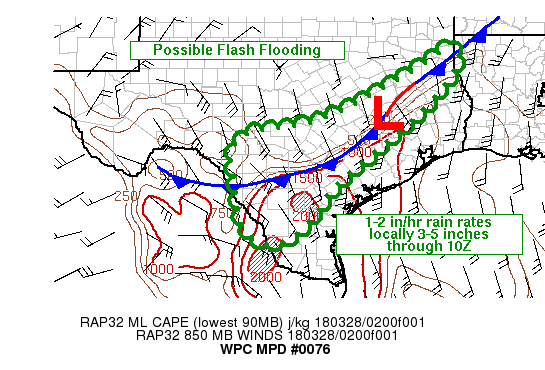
AREAS AFFECTED...PORTIONS OF SRN...S-CNTRL...ERN TEXAS

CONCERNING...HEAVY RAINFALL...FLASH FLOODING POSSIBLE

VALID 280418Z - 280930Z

SUMMARY...HEAVY RAINFALL IS EXPECTED TO INCREASE IN COVERAGE
ACROSS SOUTH TEXAS...SPREADING NEWD INTO PORTIONS OF CNTRL AND ERN
TEXAS OVER THE NEXT COUPLE OF HOURS. A FEW 3-5 INCH AREAS WILL BE
POSSIBLE WHICH COULD CAUSE FLASH FLOODING.

DISCUSSION...GOES EAST WATER VAPOR IMAGERY AT 04Z SHOWED A CLOSED
LOW OVER AZ/NM...MOVING EAST TOWARD TEXAS. THE RESPONSE WAS
OBSERVED IN INFRARED AND RADAR IMAGERY WITH A RAPID INCREASE IN
CONVECTION OVER SOUTH TEXAS...SOUTHWEST OF SAN ANTONIO ALONG AND
WEST OF I-35. A FEW CELLS CONTAINED LARGE HAIL...MOST NOTABLY OVER
WRN WEBB COUNTY...AND WHILE MANY CELLS WERE DISORGANIZED IN
NATURE...THEY EXHIBITED SLOW MOVEMENT WITH 0.5 TO 1.5 IN/HR RADAR
ESTIMATED RAINFALL RATES. THESE STORMS WERE OCCURRING ALONG AND
SOUTH OF AN EFFECTIVE COLD FRONT...STRETCHING FROM NERN TEXAS TO
JUST SOUTH OF SAN ANTONIO INTO THE SERRANIAS DEL BURRO IN MEXICO
AT 03Z. ESTIMATED MLCAPE VALUES SOUTH OF THE BOUNDARY OVER SOUTH
TEXAS VIA THE LATEST SPC MESOANALYSIS PAGE WERE 1000-2000 J/KG
WITH 500-1000 J/KG MUCAPE EXTENDING JUST NORTH OF THE EFFECTIVE
FRONT OVER CNTRL TEXAS.

VAD WIND DATA FROM CRP SHOWED 850 MB WINDS NEAR 35 KT FROM THE
SOUTH...AND AS THE UPPER TROUGH OVER AZ/NM CONTINUES TO SLOWLY
EDGE EAST...A COMBINATION OF THE DIURNAL CYCLE AND HEIGHT FALLS IS
EXPECTED TO ALLOW THESE LOCALLY STRONGER LOW LEVEL WINDS TO SPREAD
NORTH ACROSS THE MIDDLE TEXAS COAST INTO PORTIONS OF SERN TEXAS BY
12Z. THIS SHOULD CAUSE THE EFFECTIVE FRONTAL BOUNDARY TO LIFT
NORTH ALONG WITH INCREASING MLCAPE.

WHILE THE INITIAL CONCERN FOR TRAINING IS ONGOING ACROSS PORTIONS
OF SOUTH TEXAS...INDIVIDUAL STORM MOTIONS ARE EXPECTED TO FOLLOW
THE 0-6 KM MEAN WIND AND WITH THE INCREASING MAGNITUDE OF 850 MB
WINDS ALONG WITH SUBTLE VEERING OVER THE NEXT FEW HOURS...FLOW IS
EXPECTED TO BECOME INCREASINGLY UNIDIRECTIONAL WITH THE POTENTIAL
FOR TRAINING AS CONVECTION SPREADS EAST. DESPITE HIGH FLASH FLOOD
GUIDANCE VALUES...A QUICK 3 TO 5 INCHES MAY CAUSE FLASH FLOODING
IN A FEW LOCATIONS...ESPECIALLY IN ANY URBAN LOCATIONS ALONG I-35
OR INTO THE CLL-METRO.